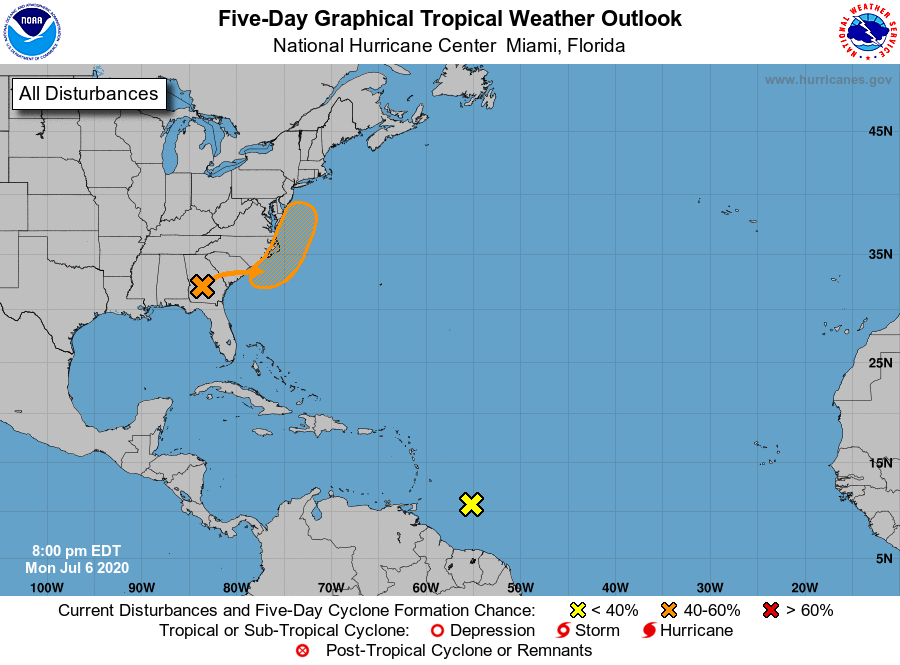
For the North Atlantic...Caribbean Sea and the Gulf of Mexico:

The National Hurricane Center has issued the last advisory on Post-Tropical Cyclone Edouard, located several hundred miles southeast of Newfoundland.

1. A low pressure area centered inland over southern Georgia is forecast to move northeastward near the coast of the Carolinas and the mid-Atlantic during the next few days. Some development of this system is possible if the system moves over water in two or three days. Regardless of development, the low is forecast to produce locally heavy rainfall that could cause flash flooding across portions of the southeastern U.S. during the next couple of days.
* Formation chance through 48 hours...low...10 percent.
* Formation chance through 5 days...medium...40 percent.

2. A fast-moving tropical wave continues to produce disorganized showers and thunderstorms a few hundred miles east of the Windward Islands. This disturbance has become less organized today, and development is not expected. The wave is forecast to move through the Lesser Antilles on Tuesday and could produce locally heavy rainfall and gusty winds on some of those islands.
* Formation chance through 48 hours...low...near 0 percent.
* Formation chance through 5 days...low...near 0 percent.

Forecaster Blake